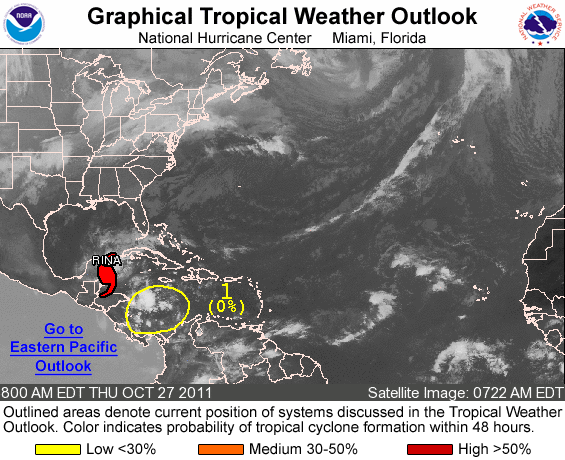
FOR THE NORTH ATLANTIC...CARIBBEAN SEA AND THE GULF OF MEXICO...

THE NATIONAL HURRICANE CENTER IS ISSUING ADVISORIES ON HURRICANE RINA...LOCATED ABOUT 115 MILES SOUTH OF COZUMEL MEXICO.

1. A SURFACE TROUGH OF LOW PRESSURE CONTINUES TO PRODUCE DISORGANIZED CLOUDINESS AND SHOWERS OVER THE WESTERN CARIBBEAN SEA. DEVELOPMENT OF THIS SYSTEM IS NOT LIKELY DURING THE NEXT FEW DAYS...AND IT HAS A LOW CHANCE...NEAR 0 PERCENT...OF BECOMING A TROPICAL CYCLONE DURING THE NEXT 48 HOURS AS IT MOVES WESTWARD AT 10 TO 15 MPH.

ELSEWHERE...TROPICAL CYCLONE FORMATION IS NOT EXPECTED DURING THE NEXT 48 HOURS.

FORECASTER BEVEN